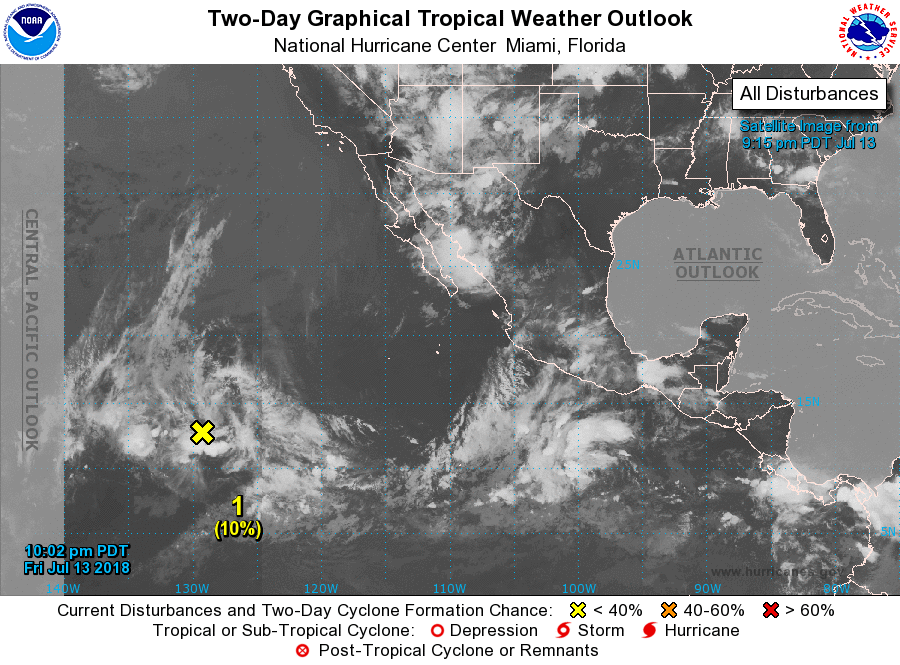
For the eastern North Pacific...east of 140 degrees west longitude:

1. A trough of low pressure located about 1500 miles west-southwest of the southern tip of the Baja California Peninsula continues to produce a large area of disorganized shower and thunderstorm activity. This system has changed little in organization since earlier today, but environmental conditions are expected to become a little more conducive for development in a day or two as the disturbance moves westward at around 10 mph.
* Formation chance through 48 hours...low...10 percent.
* Formation chance through 5 days...low...30 percent.

Forecaster Pasch